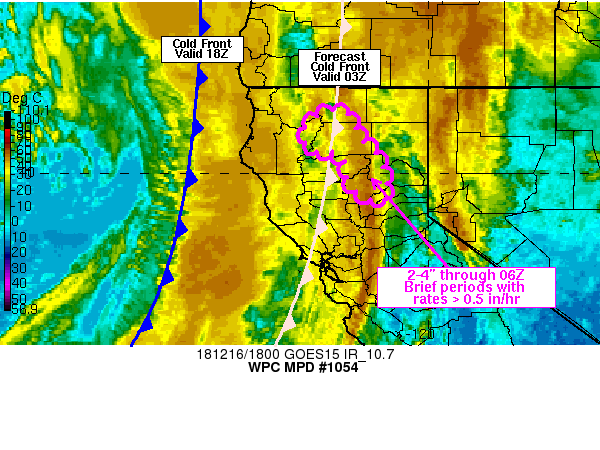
Areas affected...portions of northern CA

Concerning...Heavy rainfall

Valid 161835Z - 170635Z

Summary...Periods of heavy rain ahead of a progressive cold front
will impact the Klamath, Cascade and northern Sierra Nevada
Mountains late this evening and overnight. Rainfall rates in
excess of 0.5 in/hr for an hour or two when combined with
pre-frontal rainfall is expected to allow for 12 hour rainfall of
2-4 inches.

Discussion...Surface observations and satellite data helped place
a cold front about 60 miles west of Cape Mendocino at 18Z with a
pre-frontal axis of rainfall making landfall across far northern
California. A Wunderground.com observation in Honeydew measured
.77 inches in an hour ending 1809Z on Cape Mendocino, similar to
the 12Z nmmb and 12Z nam_nest forecasts through 18Z. 850 mb winds
ahead of the cold front as measured by KBHX VAD wind data were 60
kt with decreasing magnitude to the south. Precipitable water
values varied across the region but were near 1 inch in the
northern Sacramento valley and ranged from roughly .90 to 1.2
inches northward from Point Arena along the coast.

The cold front is expected to continue a steady movement off
toward the east out ahead of a large scale upper trough moving
toward the West Coast. Low level moisture flux values are forecast
by the RAP to gradually decrease as the cold front moves inland as
south-southwesterly 850-700 mb winds diminish in strength a little
through late evening. This will likely have the effect of capping
max rainfall rates below 0.75 in/hr. However, given there will be
a window of time for pre-frontal rains to impact interior
locations of northern California combined with a one or two hour
period of rain rates between 0.5 and 0.75 in/hr as the cold front
moves through with winds orthogonal to pieces of the terrain
stretching from the Klamath, Cascade and Sierra Nevada ranges,
peak 12 hour rainfall totals of 2-4 inches are expected through
06Z. The expected rainfall intensity may cause localized runoff
problems for the Hirz/Delta and Camp Fire burn scar regions.